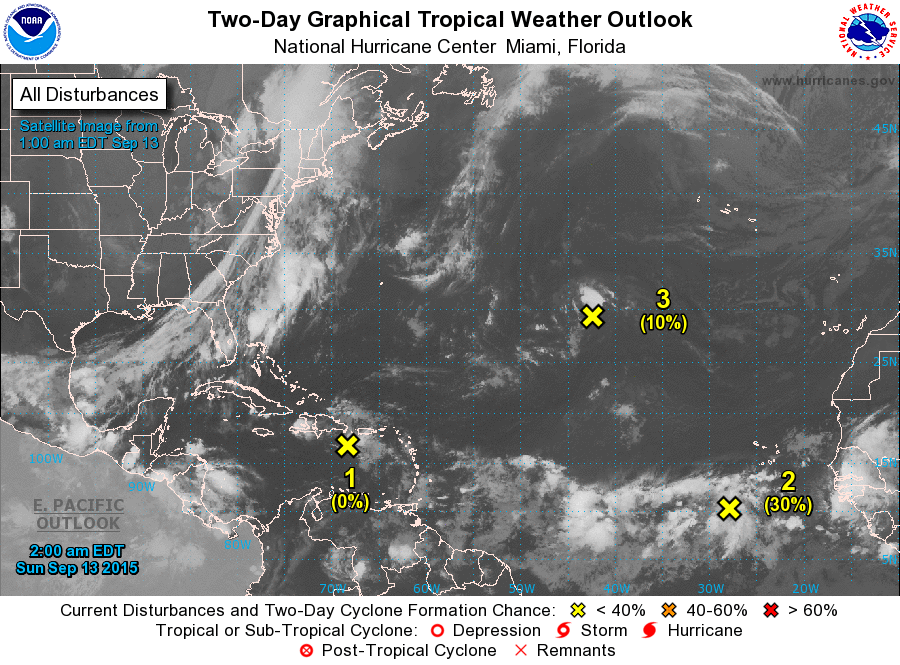
For the North Atlantic...Caribbean Sea and the Gulf of Mexico:

1. Minimal shower and thunderstorm activity is continuing in association with the remnants of Tropical Storm Grace over the northeastern Caribbean Sea. Upper-level winds are not expected to be favorable for redevelopment of this system during the next several days. However, locally heavy rains and gusty winds are still possible across portions of Puerto Rico, Hispaniola, Cuba, and the Bahamas during the next day or two while the system moves west-northwestward at 15 to 20 mph.
* Formation chance through 48 hours...low...near 0 percent
* Formation chance through 5 days...low...near 0 percent

2. Shower activity has increased over the past 24 hours in association with a tropical wave located several hundred miles southwest of the Cape Verde Islands. Environmental conditions are forecast to be favorable for development, and a tropical depression could form during the next several days while the system moves west- northwestward to northwestward across the central tropical Atlantic.
* Formation chance through 48 hours...low...30 percent
* Formation chance through 5 days...high...70 percent

3. A small low pressure system located about 950 miles southwest of the Azores is producing disorganized shower and thunderstorm activity. Development, if any, of this low is expected to be slow to occur while it moves westward to west-northwestward at about 10 mph over the next couple of days.
* Formation chance through 48 hours...low...10 percent
* Formation chance through 5 days...low...10 percent

Forecaster Beven